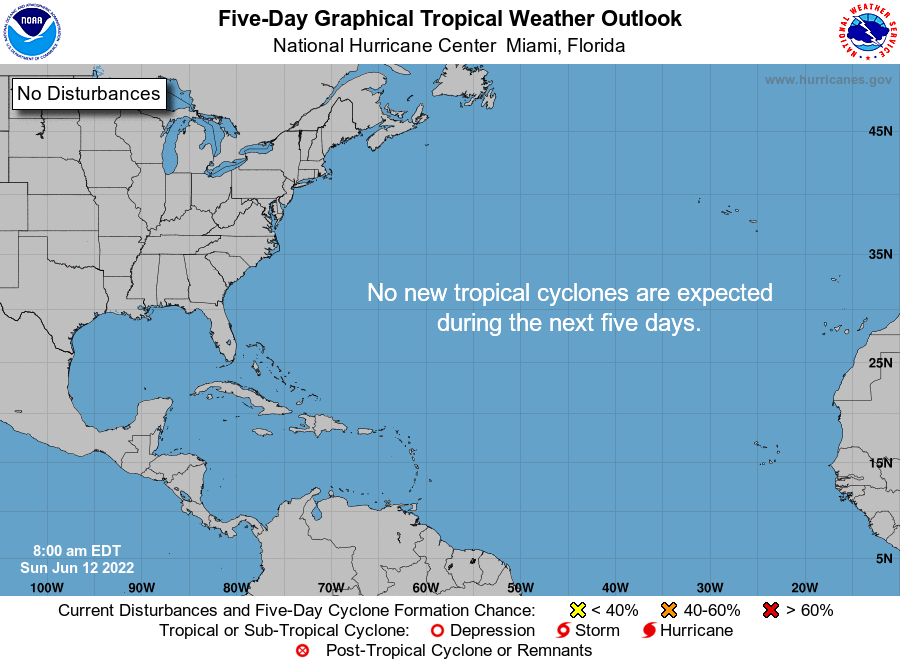
For the North Atlantic...Caribbean Sea and the Gulf of Mexico:

Tropical cyclone formation is not expected during the next 5 days.

Forecaster Roberts